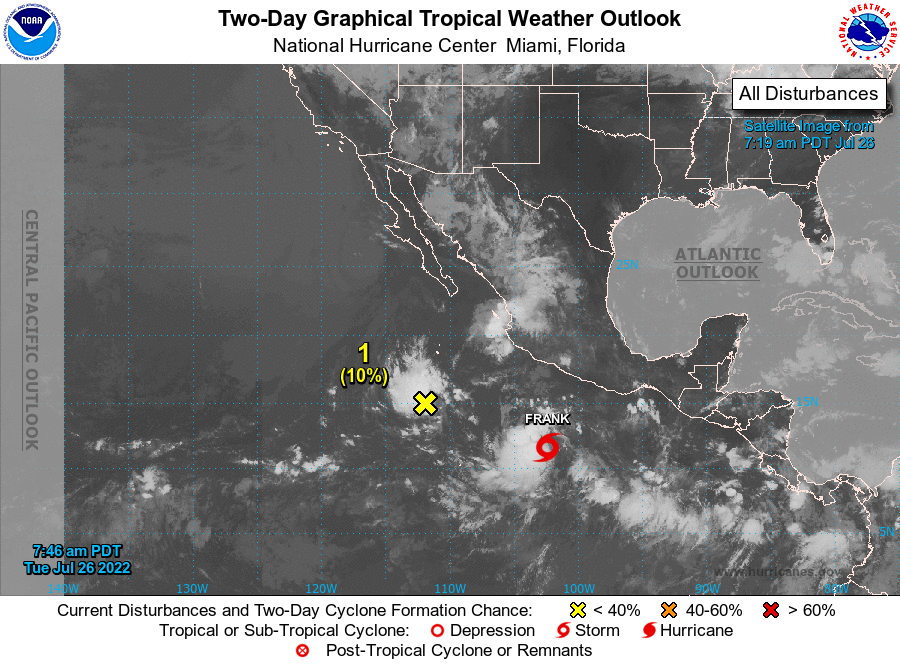
For the eastern North Pacific...east of 140 degrees west longitude:

Active Systems: The National Hurricane Center is issuing advisories on newly-formed Tropical Depression Seven-E, located several hundred miles south of the southern coast of Mexico.

1. South of Baja California peninsula: Shower and thunderstorm activity associated with a small area of low pressure located several hundred miles south of the southern tip of the Baja California peninsula has increased a little this morning. Some slight development of this system is still possible over the next day or so while it moves little. After that time, interaction with Tropical Depression Seven-E to the east of this system is expected to prevent further development.
* Formation chance through 48 hours...low...10 percent.
* Formation chance through 5 days...low...10 percent.

Public Advisories on Tropical Depression Seven-E are issued under WMO header WTPZ32 KNHC and under AWIPS header MIATCPEP2. Forecast/Advisories on Tropical Depression Seven-E are issued under WMO header WTPZ22 KNHC and under AWIPS header MIATCMEP2.

Forecaster Beven